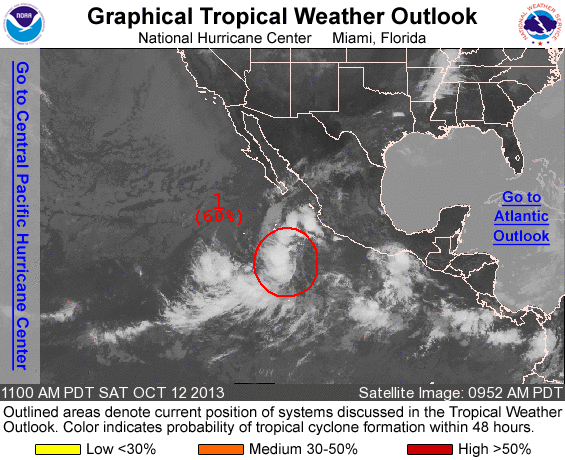
FOR THE EASTERN NORTH PACIFIC...EAST OF 140 DEGREES WEST LONGITUDE..

1. CLOUDINESS AND SHOWERS ASSOCIATED WITH A BROAD AREA OF LOW PRESSURE LOCATED A LITTLE MORE THAN 500 MILES SOUTH OF THE SOUTHERN TIP OF BAJA CALIFORNIA HAVE BECOME A LITTLE BETTER ORGANIZED AND A TROPICAL DEPRESSION COULD FROM LATER TODAY OR SUNDAY. AFTER THAT...ENVIRONMENTAL CONDITIONS ARE FORECAST TO BECOME LESS FAVORABLE AND DEVELOPMENT WILL BE UNLIKELY TO OCCUR. THIS SYSTEM HAS A HIGH CHANCE...60 PERCENT...OF BECOMING A TROPICAL CYCLONE DURING THE NEXT 48 HOURS...AND A HIGH CHANCE...60 PERCENT...OF BECOMING A TROPICAL CYCLONE DURING THE NEXT 5 DAYS WHILE IT MOVES WEST-NORTHWESTWARD OR NORTHWESTWARD AT AROUND 10 MPH.

FIVE-DAY FORMATION PROBABILITIES ARE EXPERIMENTAL IN 2013. COMMENTS ON THE EXPERIMENTAL FORECASTS CAN BE PROVIDED AT...

HTTP://WWW.NWS.NOAA.GOV/SURVEY/NWS-SURVEY.PHP?CODE=ETWO

FORECASTER AVILA